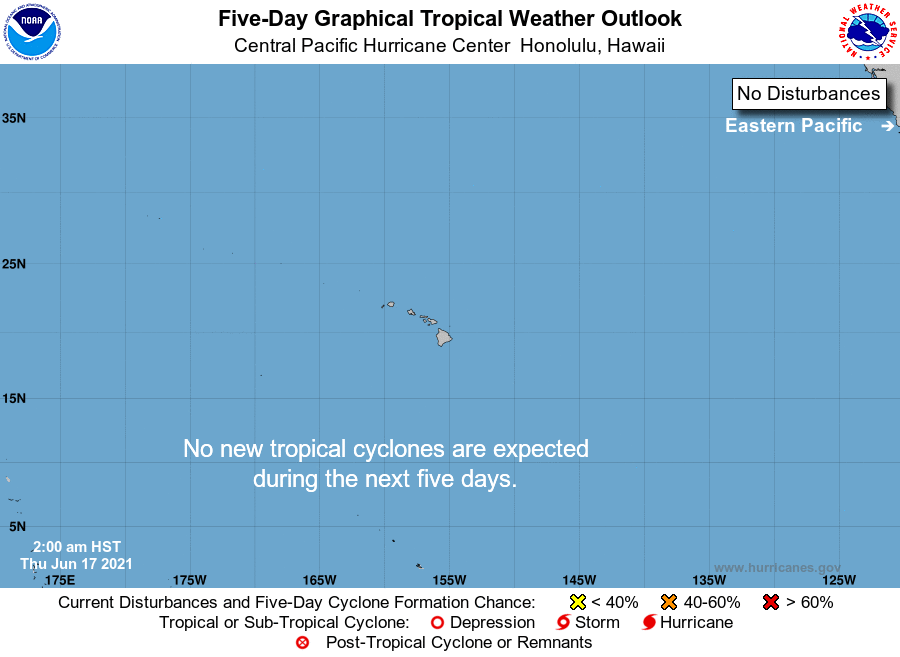
For the central North Pacific...between 140W and 180W:

No tropical cyclones are expected during the next 5 days.

Forecaster Jelsema